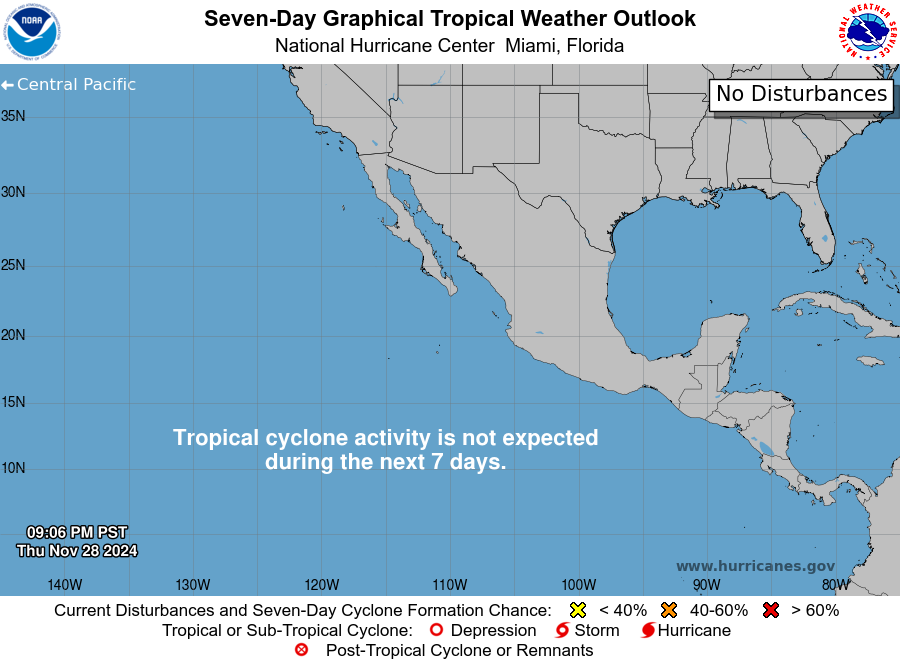
For the eastern North Pacific...east of 140 degrees west longitude:

Tropical cyclone formation is not expected during the next 7 days.

Forecaster Beven